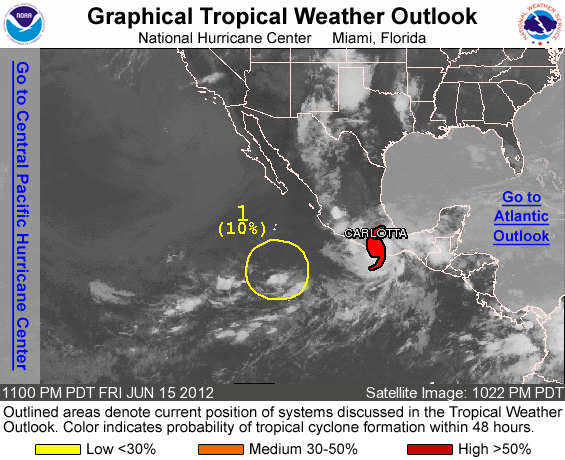
FOR THE EASTERN NORTH PACIFIC...EAST OF 140 DEGREES WEST LONGITUDE..

THE NATIONAL HURRICANE CENTER IS ISSUING ADVISORIES ON HURRICANE CARLOTTA...LOCATED INLAND ABOUT 125 MILES EAST OF ACAPULCO MEXICO.

1. A BROAD AREA OF LOW PRESSURE LOCATED ABOUT 500 MILES SOUTHWEST OF MANZANILLO MEXICO IS PRODUCING DISORGANIZED SHOWERS AND A FEW THUNDERSTORMS. DEVELOPMENT...IF ANY...OF THIS SYSTEM SHOULD BE SLOW TO OCCUR AS IT MOVES NORTH-NORTHWESTWARD AT ABOUT 5 MPH THROUGH SUNDAY. THIS SYSTEM HAS A LOW CHANCE...10 PERCENT...OF BECOMING A TROPICAL CYCLONE DURING THE NEXT 48 HOURS.

ELSEWHERE...TROPICAL CYCLONE FORMATION IS NOT EXPECTED DURING THE NEXT 48 HOURS.

FORECASTER BLAKE